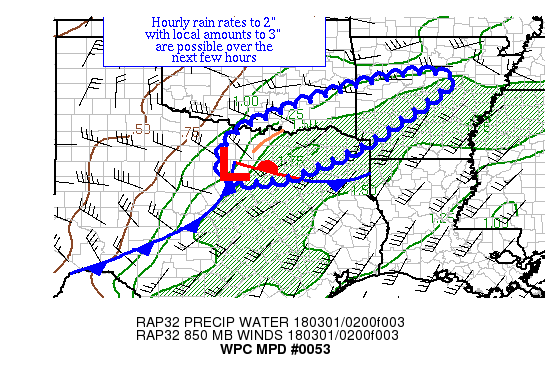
AREAS AFFECTED...NORTHEAST TX INTO THE ARKLATEX

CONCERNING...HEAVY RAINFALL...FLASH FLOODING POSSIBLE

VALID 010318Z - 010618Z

SUMMARY...THUNDERSTORMS ARE EXPANDING IN COVERAGE NEAR THE
DALLAS/FORT WORTH METRO AREA.  HOURLY RAIN RATES TO 2" WITH LOCAL
AMOUNTS TO 3" ARE POSSIBLE OVER THE NEXT FEW HOURS.

DISCUSSION...CLOUD TOP COOLING HAS BEEN EVIDENT ON THE GOES-16
CLEAN IR CHANNEL TO THE NORTHEAST OF A WAVE OF LOW PRESSURE WEST
OF DALLAS/FORT WORTH, WITHIN AN AREA OF HEALTHY 850-650 HPA
FRONTOGENESIS.  DIVERGENCE ALOFT IS BEING SPONSORED BY AN UPPER
LEVEL SHORTWAVE CROSSING SOUTHWEST OK AND NORTH-CENTRAL TX.  RADAR
IMAGERY SHOWS SOME INCREASE IN CELL COVERAGE AS OF LATE WITH
POTENTIAL TRAINING/LENGTHENING BAND SHOWING UP OVER THE METRO
AREA.  SPC MESOANALYSES SHOW MUCAPE OF 1000+ J/KG WITHIN THE
WAVE'S WARM SECTOR. PRECIPITABLE WATER VALUES OF 1.5-1.7" LIE
ACROSS THE REGION PER GPS DATA.  INFLOW AT 850 HPA IS 20-40 KTS
PER RAP FORECASTS.  THE SOUNDING OUT OF FWD SHOWED DEEP MOISTURE,
WITH WET BULB ZERO HEIGHTS ABOVE 10,000 FEET.  DENTON TX REPORTED
1.21" OF RAIN DURING THE PAST HOUR.

WITH CELLS INCREASING IN COVERAGE AND SHOWING PATHS WHICH COULD
LEAD TO MERGERS AND/OR TRAINING NEAR DALLAS/FORT WORTH, HOURLY
RAIN TOTALS TO 2" ARE POSSIBLE.  MESOSCALE GUIDANCE SHOWS LOCAL
AMOUNTS IN THE 1.5-3" RANGE OVER THE NEXT SEVERAL HOURS FROM
NORTHEAST TX INTO SOUTHWEST AR.  CONSIDERING PARTIALLY SATURATED
SOILS AND URBANIZATION, FLASH FLOODING IS CONSIDERED POSSIBLE OVER
THE NEXT FEW HOURS BEFORE STORMS SWEEP EASTWARD AS THE WAVE OF LOW
PRESSURE SHIFTS OUT OF THE AREA.